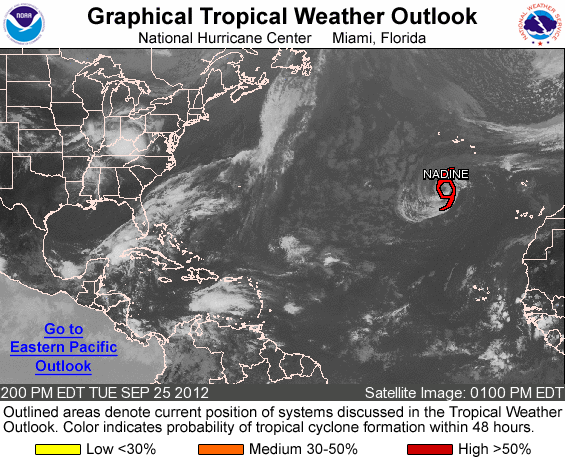
FOR THE NORTH ATLANTIC...CARIBBEAN SEA AND THE GULF OF MEXICO...

THE NATIONAL HURRICANE CENTER IS ISSUING ADVISORIES ON TROPICAL STORM NADINE...LOCATED ABOUT 455 MILES SOUTH-SOUTHWEST OF THE AZORES.

ELSEWHERE...TROPICAL CYCLONE FORMATION IS NOT EXPECTED DURING THE NEXT 48 HOURS.

FORECASTER BROWN